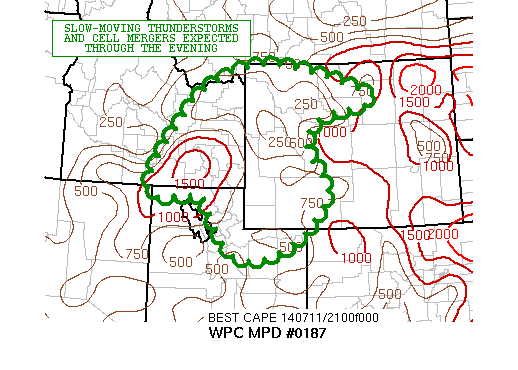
AREAS AFFECTED...NORTHERN UT...SOUTHEAST ID...WESTERN WY

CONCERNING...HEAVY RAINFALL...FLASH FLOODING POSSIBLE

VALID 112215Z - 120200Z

SUMMARY...SLOW-MOVING THUNDERSTORMS OVER THE HIGHER TERRAIN
FOSTERING SHORT-TERM FLASH FLOOD CONCERNS.

DISCUSSION...NUMEROUS SHOWERS AND THUNDERSTORMS HAVE DEVELOPED AND
CONTINUE TO EXPAND SOMEWHAT IN COVERAGE OVER THE HIGHER TERRAIN OF
FAR SERN ID...NERN UT AND INTO WRN WY AS A SHORTWAVE TROF LIFTING
THROUGH NERN UT ATTM CONTINUES TO ADVANCE ENEWD. AN ANOMALOUSLY
MOIST AND UNSTABLE AIRMASS IS IN PLACE OVER THESE AREAS. IN
FACT...THE LATEST GPS DERIVED PWAT FOR KSLC IS 1.34 INCHES...WHICH
IS ABOUT 2.5 STD ABOVE NORMAL.

STRONG DIURNAL HEATING COUPLED WITH OROGRAPHIC FORCING AND THE
AFOREMENTIONED SHORTWAVE TROF SHOULD YIELD AN ADDITIONAL EXPANSION
OF SHOWERS AND THUNDERSTORMS OVER THE NEXT FEW HOURS...WITH A
LIKELIHOOD OF CELL-MERGERS. THE OVERALL STORM MOTION IS QUITE WEAK
AND GENERALLY ON THE ORDER OF 5 TO 10 KTS. THIS COUPLED WITH THE
ANOMALOUSLY MOIST COLUMN SHOULD FAVOR LOCALLY HVY RAINFALL RATES
WITH SHORT-TERM AMOUNTS OF A COUPLE OF INCHES POSSIBLE.

THESE RAINS INVOF OF HIGHER TERRAIN WILL PROMOTE A THREAT FOR
FLASH FLOODING THROUGH THE EVENING. WILL CONTINUE TO MONITOR.